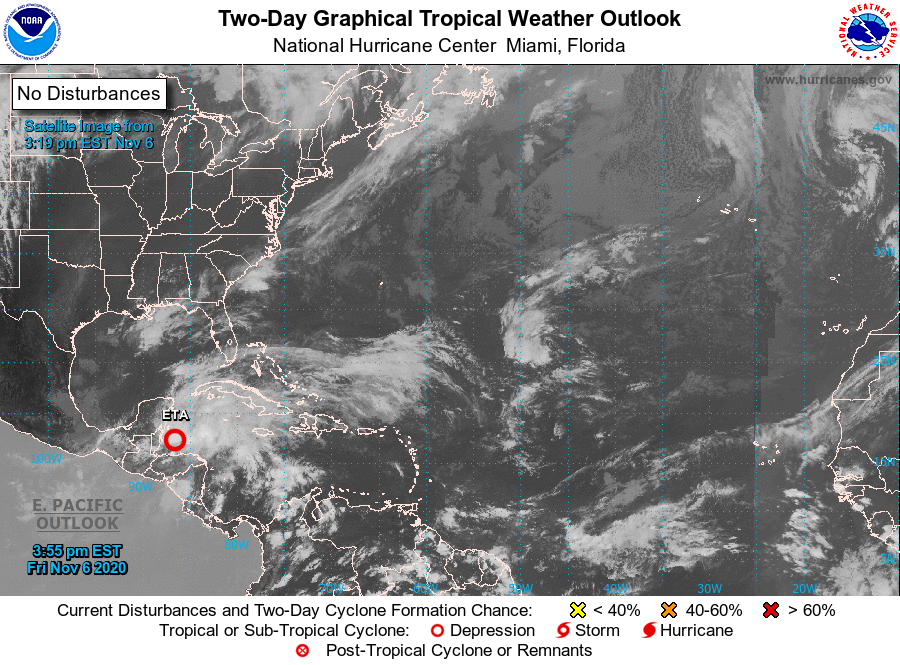
For the North Atlantic...Caribbean Sea and the Gulf of Mexico:

The National Hurricane Center is issuing advisories on Tropical Depression Eta, located over the Northwest Caribbean Sea a few hundred miles west-southwest of Grand Cayman Island.

1. A broad non-tropical low pressure system could form several hundred miles southwest of the Azores early next week. The system could gradually obtain some subtropical characteristics thereafter as it moves slowly northeastward over the northeastern Atlantic Ocean.
* Formation chance through 48 hours...low...near 0 percent.
* Formation chance through 5 days...low...20 percent.

Forecaster Papin/Zelinsky